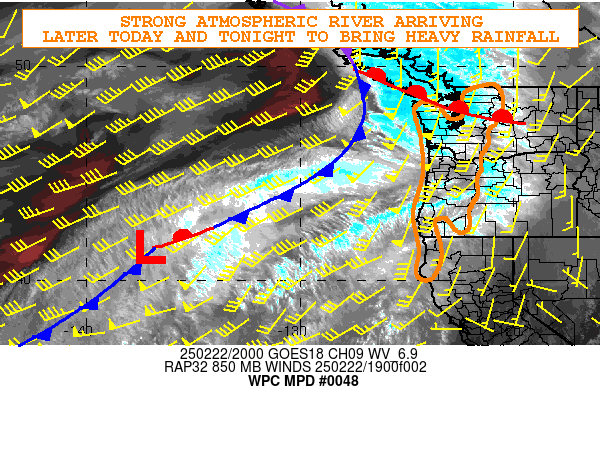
Areas affected...Pacific Northwest

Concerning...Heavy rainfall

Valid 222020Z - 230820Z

SUMMARY...Atmospheric river conditions arriving across the Pacific
Northwest will bring heavy rainfall in across the coastal ranges
and into the windward slopes of the Cascades later today and
tonight.

DISCUSSION...A series of offshore shortwave impulses lifting
northeastward toward British Columbia over the next 6 to 12 hours
will be bringing an offshore frontal system toward the coastal
ranges of western WA and western OR along with strong atmospheric
river conditions.

The latest GOES-W WV suite along with CIRA-ALPW and experimental
LVT data shows a very well-defined trans-Pacific fetch of deep
moisture extending from just offshore of the Pacific Northwest
southwestward all the way down to northwest of Hawaii with notable
tropical origins of some of the moisture transport. Multiple
low-amplitude shortwave impulses are embedded within this
atmospheric river channel, and this will help to facilitate strong
warm air advection and onshore flow into especially the coastal
ranges of western WA and western OR along with the windward slopes
of the Cascades by later today and continuing into the overnight
period that will drive locally enhanced rainfall amounts.

PW anomalies are forecast to rise to 2 to 3+ standard deviations
above the climatological mean by 00Z and continue at this level
through tonight as a strong southwest low to mid-level jet sets up
and persists just offshore and overruns the higher terrain of the
Pacific Northwest. In fact, the 850/700mb moisture flux anomalies
are forecast to rise to as much as 3 to 5+ standard deviations
above normal, with one peak this evening by around 00Z and then
another later tonight as the arrival of each shortwave impulse
corresponds to a stronger low to mid-level wind field.

Given the enhanced deep layer warm air advection and moisture
transport along with some of its tropical origin, the rainfall
rates are expected to be efficiently high. The 12Z HREF guidance
shows high probabilities of seeing 0.50" to 0.75"/hour rainfall
rates across the Olympic Peninsula in the 21Z to 00Z time frame,
with portions of the southwest WA coastal range also seeing
elevated probabilities of these rates toward early this evening.
Areas farther east into the windward slopes of the Cascades and
farther south across coastal OR and gradually coastal northwest CA
should see rates easily reach into the 0.25" to 0.50"/hour range
with rates occasionally over a 0.50"/hour.

Over the next 12 hours, some rainfall totals are expected to reach
as high as 3 to 5+ inches over the higher terrain and especially
the favored coastal ranges and upslope areas of the Cascades with
lesser amounts over the adjacent interior valleys/terrain-shadowed
locations. Generally these initial rains are not likely to cause
much in the way of any flooding threat aside from potentially some
localized urban and small stream runoff concerns where the heavier
and more persistent rates set up. However, additional heavy
rainfall beyond this period going into Sunday will gradually raise
the flooding threat.